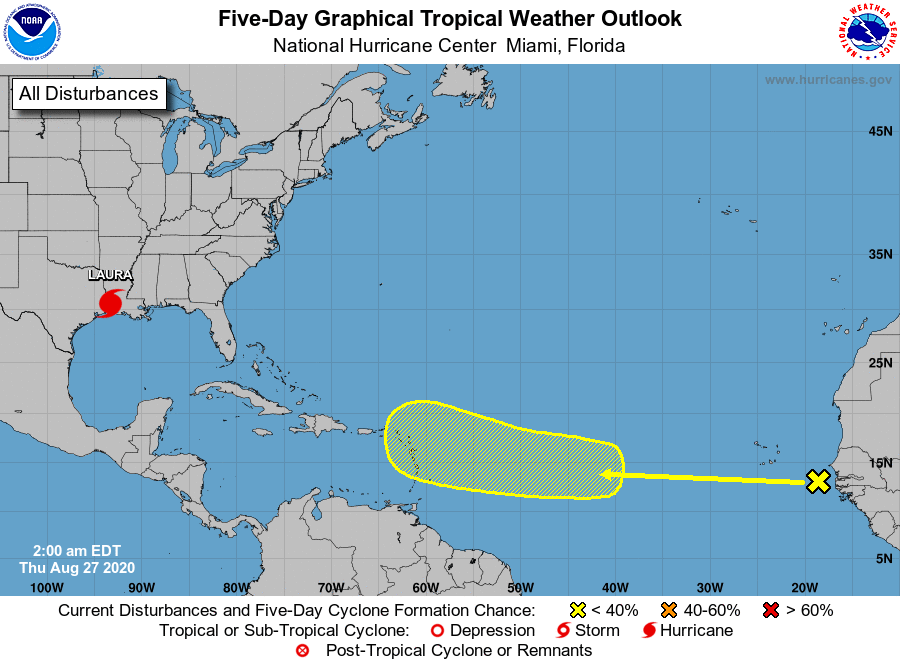
For the North Atlantic...Caribbean Sea and the Gulf of Mexico:

The National Hurricane Center is issuing advisories on powerful Hurricane Laura, located inland over southwestern Louisiana.

1. A westward-moving tropical wave located over the far eastern tropical Atlantic about 350 miles east-southeast of the Cabo Verde Islands continues to produce disorganized shower activity. Although environmental conditions are not expected to be conducive for development during the next couple of days, they are forecast to gradually become more favorable over the weekend and into early next week when the wave moves into the central tropical Atlantic.
* Formation chance through 48 hours...low...near 0 percent.
* Formation chance through 5 days...low...20 percent.

Forecaster Stewart